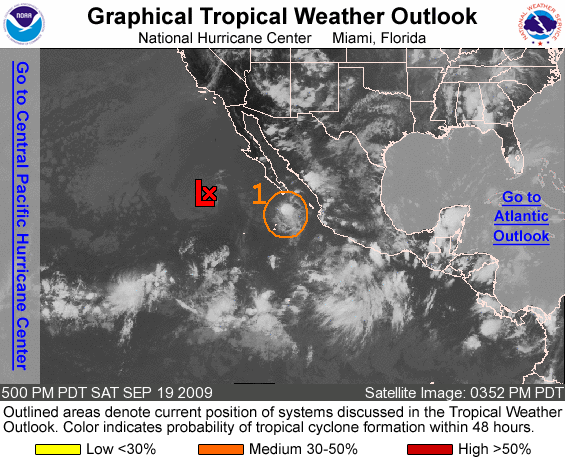
FOR THE EASTERN NORTH PACIFIC...EAST OF 140 DEGREES WEST LONGITUDE..

THE NATIONAL HURRICANE CENTER HAS ISSUED THE FINAL ADVISORY ON TROPICAL DEPRESSION MARTY...LOCATED ABOUT 580 MILES WEST OF THE SOUTHERN TIP OF BAJA CALIFORNIA.

1. A SMALL AREA OF LOW PRESSURE LOCATED ABOUT 140 MILES SOUTH-SOUTHWEST OF THE SOUTHERN TIP OF BAJA CALIFORNIA IS MOVING NORTHWESTWARD AT AROUND 10 MPH. ALTHOUGH SHOWER AND THUNDERSTORM ACTIVITY IS POORLY ORGANIZED AT THIS TIME...THERE IS STILL SOME OPPORTUNITY FOR DEVELOPMENT BEFORE THE SYSTEM REACHES COOLER WATERS ON SUNDAY. THERE IS A MEDIUM CHANCE...30 TO 50 PERCENT...OF THIS SYSTEM BECOMING A TROPICAL CYCLONE DURING THE NEXT 48 HOURS.

ELSEWHERE...TROPICAL CYCLONE FORMATION IS NOT EXPECTED DURING THE NEXT 48 HOURS.

FORECASTER KIMBERLAIN